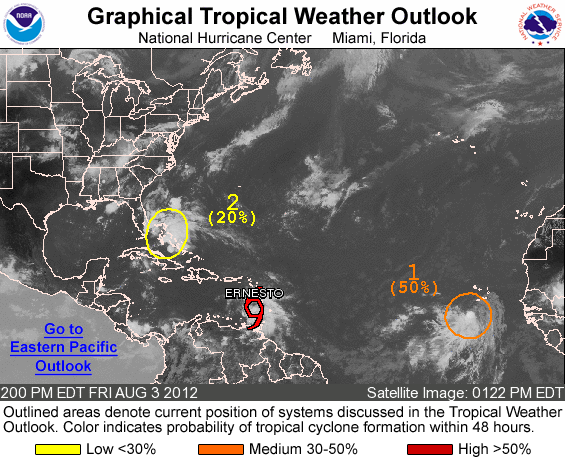
FOR THE NORTH ATLANTIC...CARIBBEAN SEA AND THE GULF OF MEXICO...

THE NATIONAL HURRICANE CENTER IS ISSUING ADVISORIES ON TROPICAL STORM ERNESTO...LOCATED IN THE SOUTHEASTERN CARIBBEAN SEA.

1. A WELL-DEFINED LOW PRESSURE AREA ASSOCIATED WITH A TROPICAL WAVE IS LOCATED OVER THE EASTERN TROPICAL ATLANTIC ABOUT 135 MILES SOUTH-SOUTHWEST OF THE CAPE VERDE ISLANDS. ALTHOUGH ENVIRONMENTAL CONDITIONS ARE CURRENTLY CONDUCIVE FOR TROPICAL CYCLONE FORMATION...DRY AIR AND COOLER WATERS COULD INHIBIT ADDITIONAL DEVELOPMENT IN A DAY OR TWO. THIS SYSTEM HAS A MEDIUM CHANCE...50 PERCENT...OF BECOMING A TROPICAL CYCLONE DURING THE NEXT 48 HOURS AS IT MOVES WEST-NORTHWESTWARD AT ABOUT 15 MPH.

2. A LARGE AREA OF DISORGANIZED SHOWERS AND THUNDERSTORMS OVER THE CENTRAL AND NORTHWESTERN BAHAMAS AND ADJACENT WESTERN ATLANTIC WATERS IS ASSOCIATED WITH A SURFACE TROUGH. UPPER-LEVEL WINDS COULD BECOME A LITTLE MORE CONDUCIVE FOR DEVELOPMENT OVER THE WEEKEND AS THE TROUGH MOVES TO THE NORTHWEST AT 5 TO 10 MPH. THIS SYSTEM HAS A LOW CHANCE...20 PERCENT...OF BECOMING A TROPICAL CYCLONE DURING THE NEXT 48 HOURS.

ELSEWHERE...TROPICAL CYCLONE FORMATION IS NOT EXPECTED DURING THE NEXT 48 HOURS.

FORECASTER BLAKE